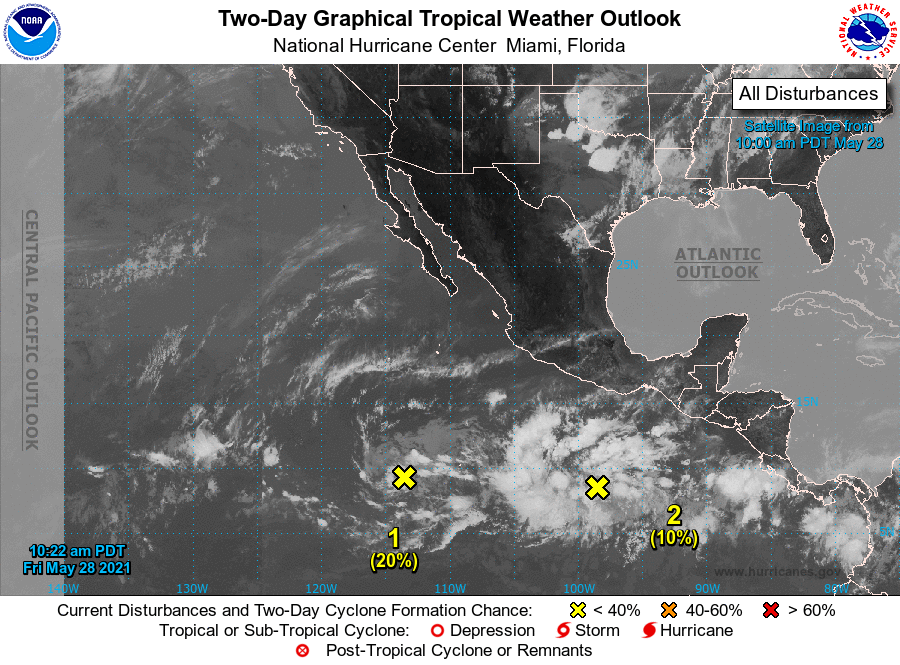
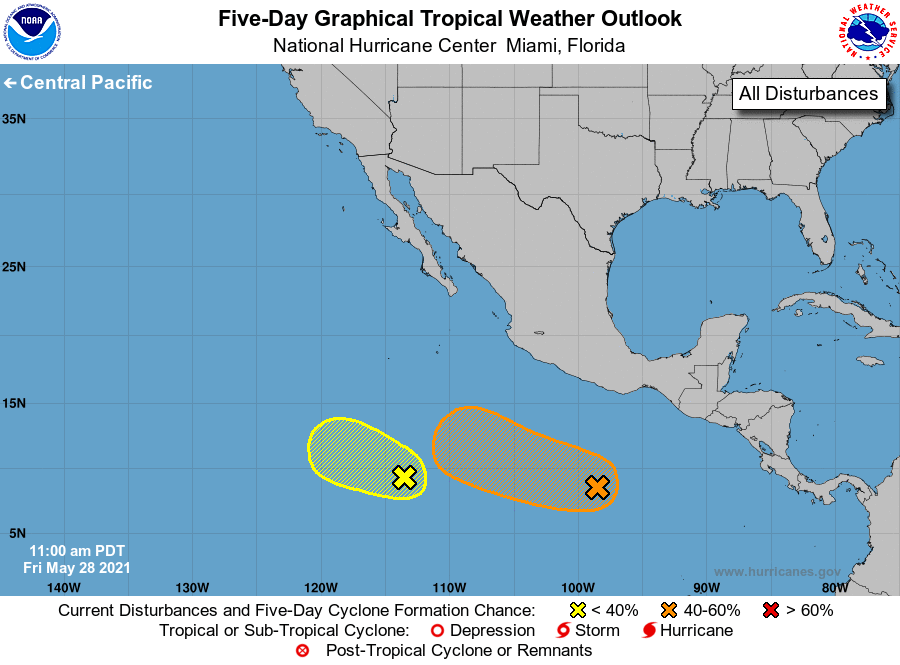
For the eastern North Pacific...east of 140 degrees west longitude:

1. Shower activity is limited in association with a broad area of low pressure located about 1000 miles south-southwest of the southern tip of the Baja California peninsula. This system is moving west-northwestward at about 10 mph and some slow development is possible during the next few days before it moves into a drier and more stable airmass early next week.
* Formation chance through 48 hours...low...20 percent.
* Formation chance through 5 days...low...30 percent.

2. A trough of low pressure is producing a large area of disorganized showers and thunderstorms several hundred miles south of Acapulco, Mexico. Gradual development of this system is possible during the next several days while it moves slowly west-northwestward to the south of Mexico.
* Formation chance through 48 hours...low...10 percent.
* Formation chance through 5 days...medium...40 percent.

Forecaster Cangialosi